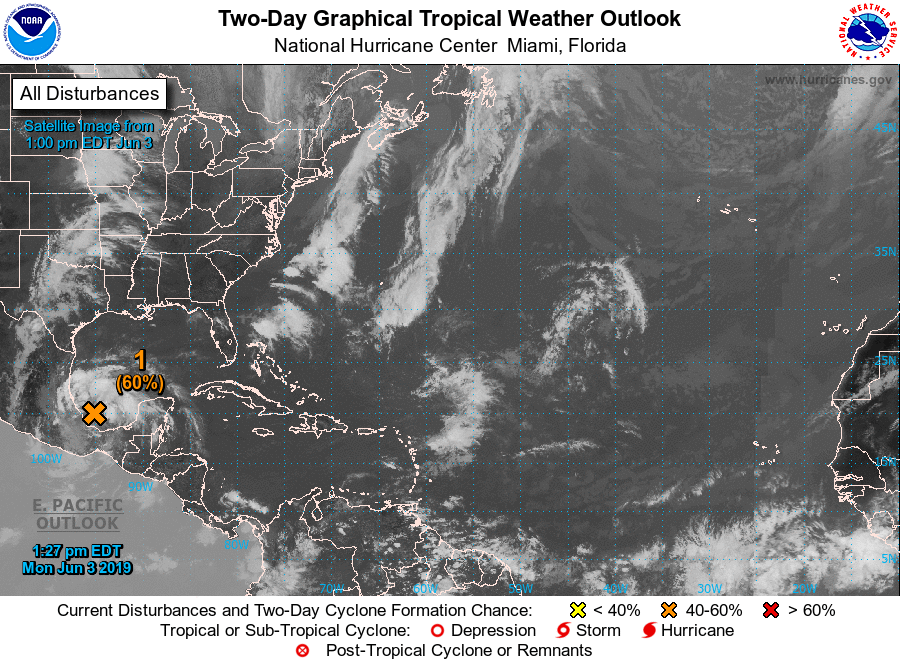
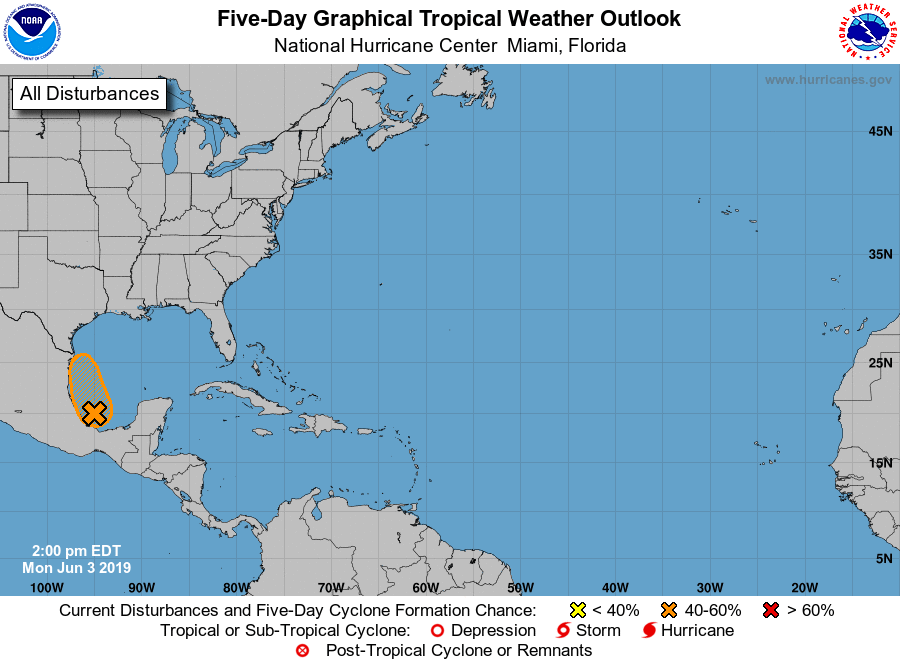
For the North Atlantic...Caribbean Sea and the Gulf of Mexico:

1. Showers and thunderstorms associated with a broad area of low pressure located over the Bay of Campeche have become a little better organized since yesterday. However, recent satellite-based wind data indicate that the circulation of the low is elongated and poorly defined. This system is expected to move slowly northwestward toward the northeastern coast of Mexico, and could become a tropical cyclone before it moves inland in a day or two. Regardless of development, the disturbance will likely produce heavy rainfall over portions of southern and eastern Mexico during the next few days. Heavy rainfall is also likely to spread over southeastern Texas and Louisiana through Thursday. The Air Force Reserve reconnaissance mission for this afternoon has been canceled, however another aircraft has been scheduled to investigate the disturbance tomorrow, if necessary. Interests along the Gulf coast of Mexico should monitor the progress of this system.
* Formation chance through 48 hours...medium...60 percent.
* Formation chance through 5 days...medium...60 percent.

Forecaster Zelinsky